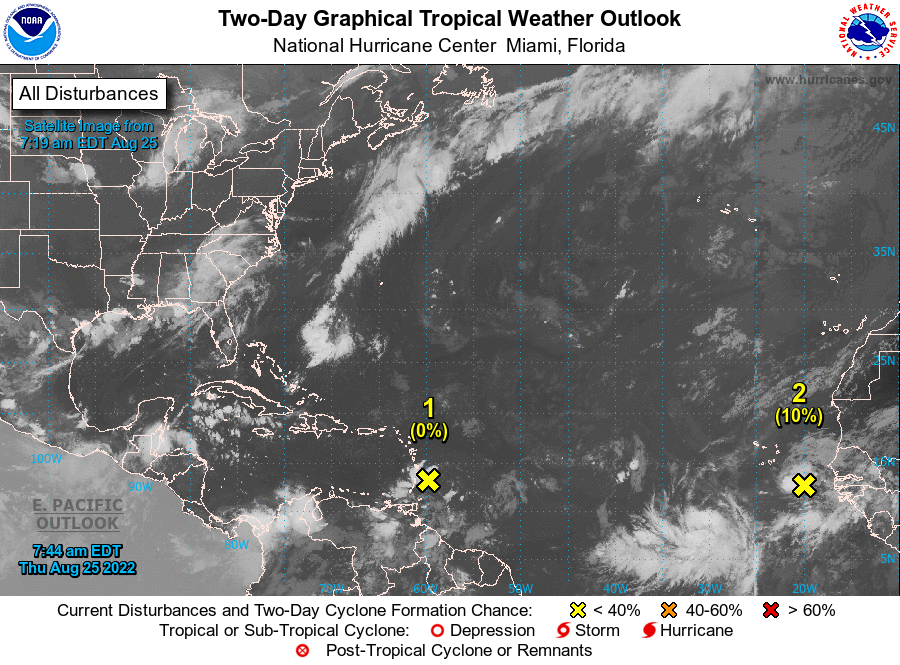
For the North Atlantic...Caribbean Sea and the Gulf of Mexico:

1. Near the Windward Islands: A well-defined tropical wave is moving across the Windward Islands while producing disorganized shower and thunderstorm activity. This system is expected to move westward at about 15 mph during the next several days, and environmental conditions could become more conducive for slow development when it moves across the central and western Caribbean Sea early next week.
* Formation chance through 48 hours...low...near 0 percent.
* Formation chance through 5 days...low...20 percent.

2. Eastern Tropical Atlantic: A tropical wave has moved off the west coast of Africa and is producing a large area of disorganized showers and thunderstorms. Environmental conditions could support some slow development of this system through early next week while it moves quickly westward across the eastern and central tropical Atlantic at 15 to 20 mph.
* Formation chance through 48 hours...low...10 percent.
* Formation chance through 5 days...low...20 percent.

Forecaster Berg